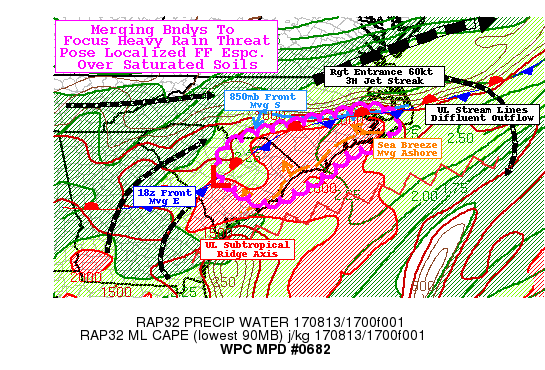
AREAS AFFECTED...SOUTHEAST NC...EASTERN SC

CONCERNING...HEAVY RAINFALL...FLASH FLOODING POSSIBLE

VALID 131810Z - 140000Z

SUMMARY...MERGING CONVECTIVE LINES POSE LOCALIZED FLOODING CONCERN
ESPECIALLY IN AREAS THAT HAVE NEARLY SATURATED SOILS.

DISCUSSION...WV LOOP SHOWS FAIRLY FLAT WSW-ENE FLOW WITH A 50KT 3H
JET STREAK ENTRANCE OVER THE OUTER BANKS OF NC...BUT ALSO A TIGHT
GRADIENT WITH THE SUBTROPICAL RIDGE LINE THAT EXTENDS ACROSS GA
COAST TOWARD BERMUDA.  THIS COMBINATION PROVIDES AN IDEAL SETUP
FOR GOOD OUTFLOW CHANNEL FOR ANY CONVECTION THAT WERE TO DEVELOP.

AT THE SURFACE A FEW BOUNDARIES LINGER TO HELP FOCUS AND CORRAL
ANY CONVECTION THAT DOES DEVELOP.   A SURFACE FRONT EXTENDS FROM
MQI TO DPL TO MEB TO CAE. VISIBLE IMAGERY ALSO SHOWS A W-E
ORIENTED BOUNDARY THAT APPEARS TO BE A MANIFESTATION OF THE 850MB
FRONT ACROSS CENTRAL NC INTERSECTING THE FRONT NEAR MQI THAT IS
SLOWLY DROPPING SOUTH. LASTLY IS SEA-BREEZE BOUNDARY THAT IS
ALREADY STARTING TO ACTIVATE WITH SOME OUTFLOW PRESSING ASHORE.
BETWEEN THESE BOUNDARIES IN THE COASTAL PLAIN WARM SECTOR HAS
BECOME SUFFICIENTLY UNSTABLE WITH MLCAPES TO 2500 J/KG AND FAIRLY
MOIST PROFILES (PARTICULARLY IN THE BOUNDARY LAYER/LOWEST 250MB)
WITH TOTAL PWS OVR 2 TO 2.25" AVAILABLE.

CURRENTLY STRONG MST CONVERGENCE NEAR WEAK SURFACE REFLECTION NEAR
CAE HAS STARTED THE CONVECTIVE DEVELOPMENT ALONG THE
FRONT...THOUGH TCU AND NASCENT ECHOS ON RADAR EXTEND FURTHER UP
THE CHAIN.  CELLS WILL BE CAPABLE OF 2-2.5"/HR RATES THOUGH SHOULD
START OFF TO BE OUTFLOW DOMINANT GIVEN MODEST DRY AIR IN
MID-LEVELS BUT WITH WEAK FLOW THERE SHOULD BE POCKETS OF 2-2.5"
TOTALS WITH THE INITIAL BOUTS.  AS THE OUTFLOWS SEEK INSTABILITY
OVER THE SE NC/E SC COASTAL PLAIN...THERE SHOULD BE
COLLISION/MERGERS WITH TIME LIKELY TO START FURTHER NORTH AND
UNZIP SOUTHWESTWARD INTO NE SC TOWARD EVENING (GIVEN WEAK/SW
ORIENTED CORFIDI VECTORS).  THIS PROCESS SHOULD KEEP FOCUS FOR A
SLIGHTLY LONGER DURATION (PARTICULARY GIVEN BETTER/STRONGER
OUTFLOW FURTHER NORTH IN SE NC) LEADING TO THE POTENTIAL FOR 2-4"
RAINFALLS.

WHILE NORMALLY NOT TOO MUCH OF AN ISSUE...MUCH OF THE AREA HAS
RECEIVED 300-600% OF NORMAL PER AHPS ANALYSIS OVER THE LAST 7 DAYS
(WITH EXCEPTION OF COLUMBIA, SC TO LUMBERTON, NC ZONE) LEADING TO
SATURATED SOILS AND LEADING TO THE POTENTIAL FOR FLOODING AND
POSSIBLE FLASH FLOODING CONDITIONS THROUGH THE EVENING.  WORSE
CASE SCENARIOS ARE PAINTED BY 12Z ARW/NMMB THOUGH BOTH APPEAR A
SHADE TOO FAR NORTH GIVEN CURRENT OBSERVATION BUT THE
AXIS/ORIENTATION LOOK REASONABLE.